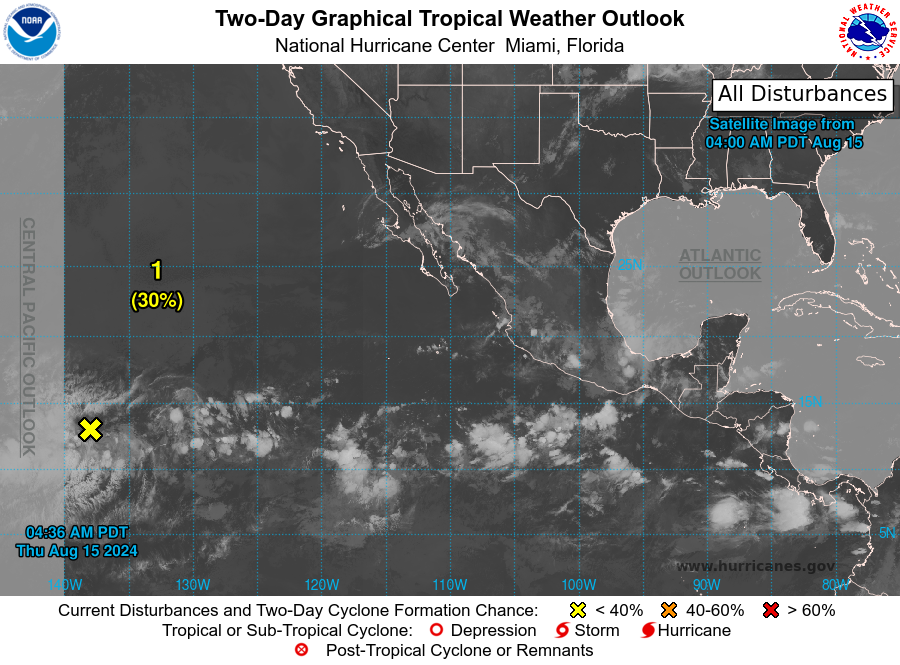
For the eastern North Pacific...east of 140 degrees west longitude:

1. Well Southeast of the Hawaiian Islands: Disorganized showers and thunderstorms located about a thousand miles east-southeast of the Hawaiian Islands are associated with a trough of low pressure. Environmental conditions appear conducive for gradual development of this system, and a tropical depression could form this weekend or early next week while moving west-northwestward at about 10 mph. Information on this system can also be found in the Tropical Weather Outlook for the Central Pacific basin.
* Formation chance through 48 hours...low...30 percent.
* Formation chance through 7 days...medium...60 percent.

2. Offshore of Southwestern Mexico: An area of low pressure will likely form during the next couple of days well offshore of the coast of southwestern Mexico. Environmental conditions appear conducive for development of this system thereafter, and a tropical depression could form early next week while moving toward the west-northwest.
* Formation chance through 48 hours...low...near 0 percent.
* Formation chance through 7 days...medium...50 percent.

The Tropical Weather Outlook for the Central Pacific basin can be found under AWIPS header HFOTWOCP and WMO header ACPN50 PHFO and on the web at hurricanes.gov

Forecaster Berg